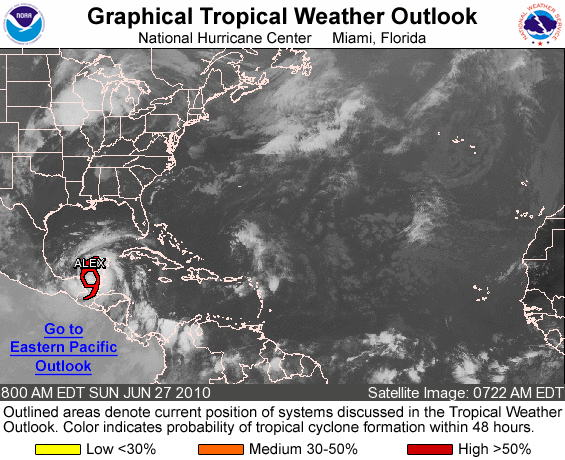
FOR THE NORTH ATLANTIC...CARIBBEAN SEA AND THE GULF OF MEXICO...

THE NATIONAL HURRICANE CENTER IS ISSUING ADVISORIES ON TROPICAL STORM ALEX...LOCATED OVER THE SOUTHERN YUCATAN PENINSULA ABOUT 110 MILES SOUTH-SOUTHEAST OF CAMPECHE MEXICO.

ELSEWHERE...TROPICAL CYCLONE FORMATION IS NOT EXPECTED DURING THE NEXT 48 HOURS.

FORECASTER BLAKE